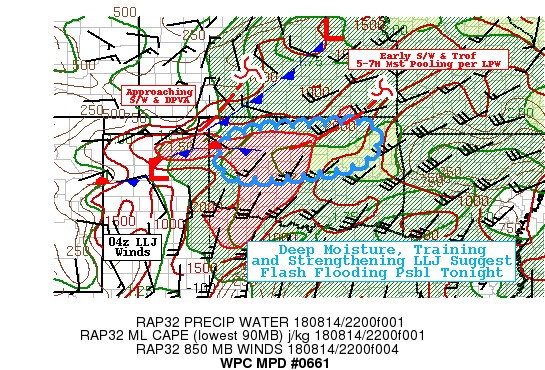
Areas affected...Central Oklahoma...

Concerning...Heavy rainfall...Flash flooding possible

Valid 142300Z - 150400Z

SUMMARY...Increasing convection will further intensify with
strengthening LLJ, increasing rates and favorable training profile
support possible flash flooding this evening into overnight.

DISCUSSION...GOES-16 Visible imagery depict a loosely organized
line of developing convection from Dewey to Panye county, OK
coincident with pooling of highest surface Tds (mid 70s).  This
along with solid isolation supports MLCAPEs of 2500-3000 J/kg
along this similar line.  Aloft, CIRA layered PWATs in the 7-5H
layer are maximized from SW MO across central OK generally
associated with a weak 5H trof that passed through and sparked
more isolated supercells.   A surface front remains further
northwest from HUT to P28 to GAG defined well with TCU line in
Visible imagery.

A secondary/stronger shortwave is noted in the GOES-WV suite
generally aligned with the frontal boundary...leading to some
increased ascent for this convective development. While cells are
still loosely organized at this time, they are aligned favorably
with mean cloud bearing flow (westerly at 20kts) that would
generally support some training in the short term, though there
appears to be some northward development trends noted.   Given the
vertical depth of the cells and available moisture, 1.7" west
along the line to the max of 2" near Wagoner/Rodgers county; rates
of 2"/hr are possible over the next few hours leading to totals of
2-3".  It is possible this may lead to isolated flash
flooding...but more likely will set the stage for the early
overnight.

RAP forecasts suggest slow backing of 850-925 flow with a steady
increase from 20kts to 35kts by 04z across much of central OK to
eastern OK.  The increased moisture flux will raise TPWs to over
2" to 2.25" and increase rainfall efficiency, allowing rates to
reach 2.5"/hr or greater in strongest cores.  OK Mesonet suggests
that soils are fractionally (.8 to 1) saturated at modest depth
(4-10") from Blaine to Creek counties suggesting if the line sets
up along that axis, flash flooding may be a bit more likely than a
county north where values are .2-.4" Majors to Rodgers county.